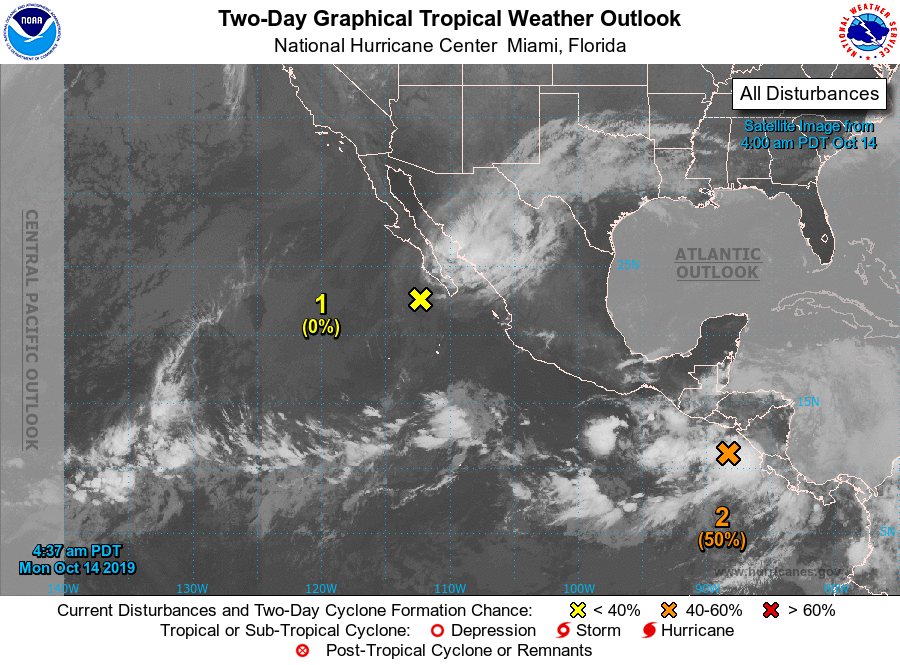
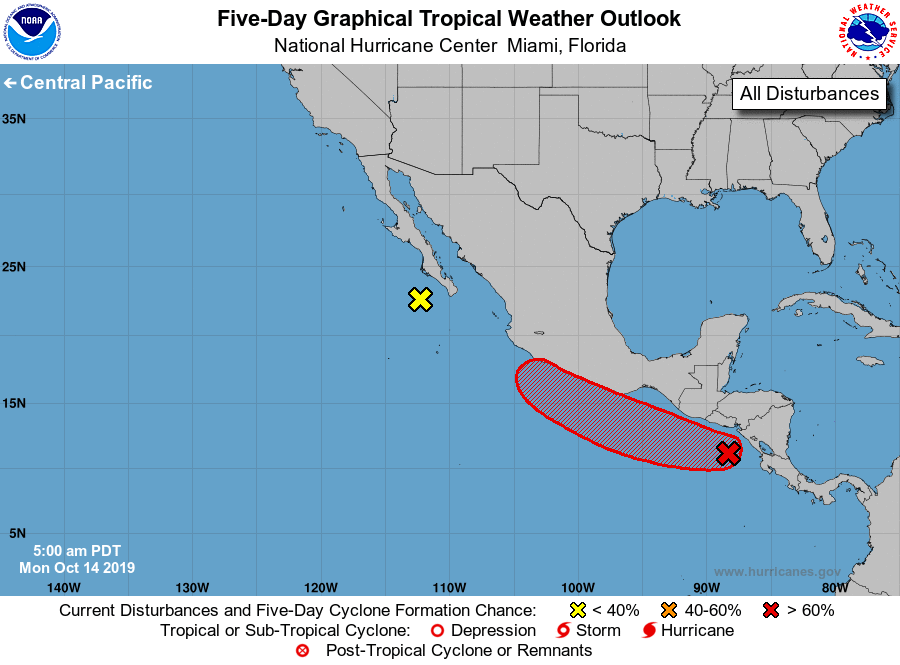
For the eastern North Pacific...east of 140 degrees west longitude:

1. Disorganized showers and thunderstorms over portions of Baja California Sur, the Gulf of California, and western Mexico are associated with an elongated area of low pressure. Upper-level winds have increased over the system, and the low has moved over cooler waters. Therefore, development is no longer anticipated. However, heavy rainfall associated with this system is likely to continue across portions of Baja California Sur, southern Sonora, and northern Sinaloa through today.
* Formation chance through 48 hours...low...near 0 percent.
* Formation chance through 5 days...low...near 0 percent.

2. A broad area of low pressure located a few hundred miles south of the coast of Guatemala is producing disorganized showers and thunderstorms. Gradual development is expected, and a tropical depression is likely to form within the next few days while the system moves west-northwestward at about 10 mph near or just offshore the coast of Mexico. By late this week, the proximity to land could inhibit further development.
* Formation chance through 48 hours...medium...50 percent.
* Formation chance through 5 days...high...80 percent.

Forecaster Latto